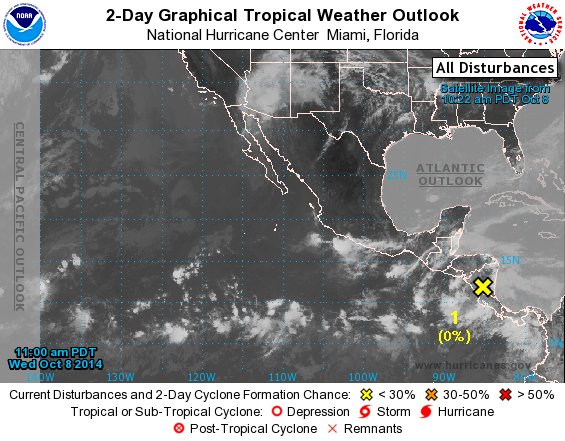
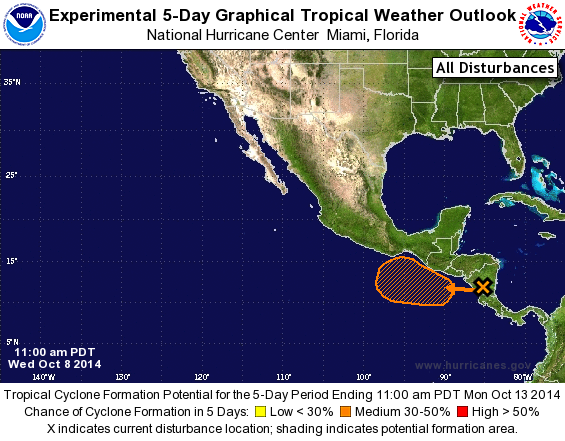
For the eastern North Pacific...east of 140 degrees west longitude:

1. A broad area of low pressure over Nicaragua and Costa Rica is expected to move slowly westward into the far eastern Pacific over the next couple of days. Gradual development of this system is possible south or southwest of the coast of Central America late this week or this weekend while it moves slowly west-northwestward or northwestward.
* Formation chance through 48 hours...low...near 0 percent.
* Formation chance through 5 days...medium...30 percent.

Forecaster Pasch